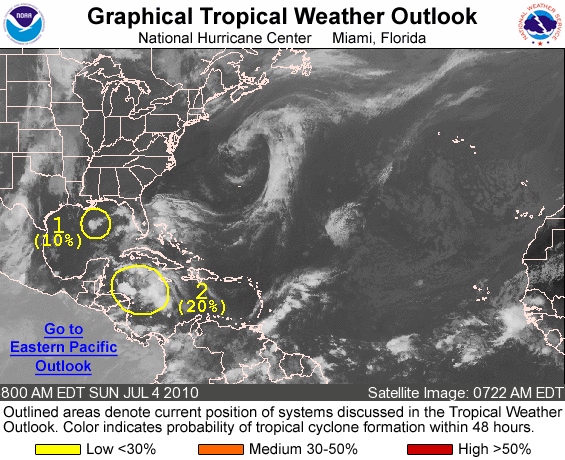
FOR THE NORTH ATLANTIC...CARIBBEAN SEA AND THE GULF OF MEXICO...

1. A NON-TROPICAL AREA OF LOW PRESSURE LOCATED ABOUT 125 MILES SOUTH-SOUTHWEST OF THE MOUTH OF THE MISSISSIPPI RIVER IS PRODUCING DISORGANIZED SHOWER AND THUNDERSTORM ACTIVITY. THIS LOW IS EXPECTED TO MOVE GENERALLY NORTHWESTWARD AT 5 TO 10 MPH OVER THE NEXT COUPLE OF DAYS. STRONG UPPER-LEVEL WINDS AND DRY AIR IN THE MID- AND UPPER-LEVELS OF THE ATMOSPHERE ARE CURRENTLY INHIBITING DEVELOPMENT...AND THERE IS A LOW CHANCE...10 PERCENT...OF THIS SYSTEM BECOMING A TROPICAL OR SUBTROPICAL CYCLONE BEFORE IT MOVES INLAND LATER TODAY OR MONDAY.

2. A TROPICAL WAVE IS PRODUCING WIDESPREAD SHOWERS AND THUNDERSTORMS OVER THE WESTERN CARIBBEAN SEA. CONDITIONS APPEAR FAVORABLE FOR SOME SLOW DEVELOPMENT OF THIS SYSTEM AS IT MOVES GENERALLY WEST-NORTHWESTWARD AT 15 TO 20 MPH OVER THE NEXT COUPLE OF DAYS. THERE IS A LOW CHANCE...20 PERCENT...OF THIS SYSTEM BECOMING A TROPICAL CYCLONE DURING THE NEXT 48 HOURS.

ELSEWHERE...TROPICAL CYCLONE FORMATION IS NOT EXPECTED DURING THE NEXT 48 HOURS.

FORECASTER BLAKE